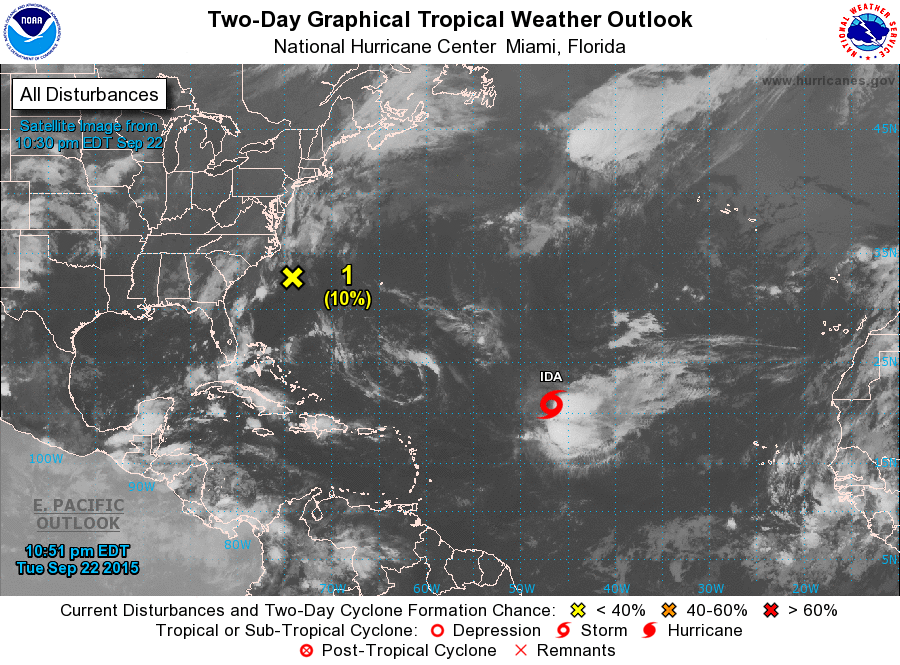
For the North Atlantic...Caribbean Sea and the Gulf of Mexico:

The National Hurricane Center is issuing advisories on Tropical Storm Ida, located about 1000 miles east-northeast of the northern Leeward Islands.

1. An elongated area of low pressure located a couple of hundred miles south-southeast of Cape Hatteras, North Carolina, is producing disorganized showers and thunderstorms. This system is forecast to move generally westward, and any development is expected to be limited before it moves inland in a couple of days. For additional information on this system, see products from your local National Weather Service office and High Seas Forecasts issued by the National Weather Service.
* Formation chance through 48 hours...low...10 percent
* Formation chance through 5 days...low...10 percent

High Seas Forecasts issued by the National Weather Service can be found under AWIPS header NFDHFSAT1, WMO Header FXNT01 KWBC, and on the Web at http://www.opc.ncep.noaa.gov/shtml/NFDHSFAT1.shtml.

Forecaster Brennan